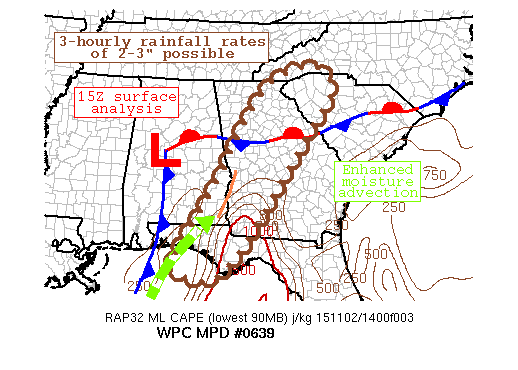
AREAS AFFECTED...FL PANHANDLE/SOUTHEASTERN AL/GA/UPSTATE
SC/SOUTHWESTERN NC...

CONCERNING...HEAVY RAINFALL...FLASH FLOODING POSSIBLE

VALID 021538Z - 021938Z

SUMMARY...CONTINUED THREAT FOR MODERATE TO LOCALLY HEAVY RAINFALL
CAPABLE OF PRODUCING FLASH FLOODING INTO THE AFTERNOON HOURS.

DISCUSSION...THE 15Z SURFACE ANALYSIS SHOWED WELL DEFINED FRONTAL
BOUNDARIES ACROSS THE SOUTHERN TO SOUTHEASTERN U.S. AHEAD OF A
SLOW-MOVING UPPER TROUGH CURRENTLY MOVING THROUGH THE LOWER MS
VALEY...ENHANCED MOISTURE FLUXES WERE LIFTING OUT OF THE BAY OF
CAMPECHE INTO THE SOUTHEASTERN STATES. THE LATEST GPS DATA
SUGGESTED PWATS ABOVE 2.50 INCHES ACROSS THE FAR WESTERN FL
PANHANDLE WITH 2 TO 2.25 INCH VALUES UP INTO CENTRAL GA. AN
EVALUATION OF THE 12Z RAOBS IN CONJUNCTION WITH THE RAP OBJECTIVE
ANALYSIS INDICATED THE MORE BUOYANT AIR RESIDES CLOSER TO THE GULF
COAST. THE 12Z RAOB FROM TLH INDICATED MUCAPE VALUES EXCEEDING
1500 J/KG WHICH THE RECENT RAP CYCLES SEEM TO BE HANDLING
REASONABLY WELL. FARTHER NORTH...THE ACTIVITY SEEMS TO BE DRIVEN
LESS BY INSTABILITY AND MORE FROM DYNAMICAL LIFT ALONG THE RIGHT
ENTRANCE REGION OF A POTENT UPPER JET STREAK.

IN THE PAST FEW HOURS...HOURLY RATES HAVE GENERALLY RANGED FROM
0.50 TO 0.75 INCH AN HOUR WITH 2 TO 2.50 INCHES IN 3 HOURS
OBSERVED IN THE ATLANTA METRO AREA. GIVEN FAVORABLE MOISTURE
PROFILES AND DEEP-LAYERED SOUTH-SOUTHWESTERLY FLOW...EXPECT
PERIODS OF HEAVY RAINFALL FOCUSING ALONG A GENERAL N-S AXIS ACROSS
THE MPD AREA. FARTHER NORTH...OROGRAPHIC EFFECTS ACROSS THE
SOUTHERN APPALACHIANS MAY LOCALLY ENHANCE RAINFALL WHICH COULD
POSE FLASH FLOOD ISSUES. RECENT CAMS SEEM TO AGREE ON THE AXIS OF
HEAVY PRECIPITATION WITH THE LATEST HRRR CENTERING THE ACTION
ACROSS SOUTHWESTERN TO CENTRAL GA WITH A SECONDARY MAXIMA ACROSS
UPSTATE SC. CONFIDENCE IS LOWER FOR A FLASH FLOOD RISK CLOSER TO
THE GULF COAST WHERE FFG VALUES ARE MUCH HIGHER THAN THOSE ACROSS
THE INTERIOR LOCALES. WILL RE-ASSESS THE SITUATION LATER THIS
AFTERNOON.